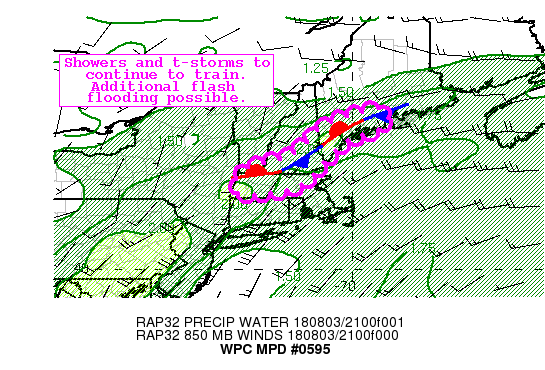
Areas affected...Central MA...Southern VT and NH...Southern ME

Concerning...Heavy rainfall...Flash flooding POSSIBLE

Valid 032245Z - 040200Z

SUMMARY...Expect showers and thunderstorms to continue to train
across the area over the next few hours, producing additional
locally heavy amounts.  Additional flash flooding is possible.

DISCUSSION...Deep unidirectional flow and high PWs along a
slow-moving boundary will continue to support training convection
into the evening hours.  Latest SPC mesoanalysis shows PWs 1.75-2
inches, along with deep southwesterly flow coincident with a
quasi-stationary boundary extending across the highlighted region.
 This moisture in addition to ample instability along and south of
the boundary is expected to support further training, producing
additional locally heavy amounts over the next few hours.
Neighborhood probabilities from the 18 UTC HREF Mean suggest a
significant threat for additional hourly amounts of an inch or
more over the next few hours, before waning after 01 UTC.